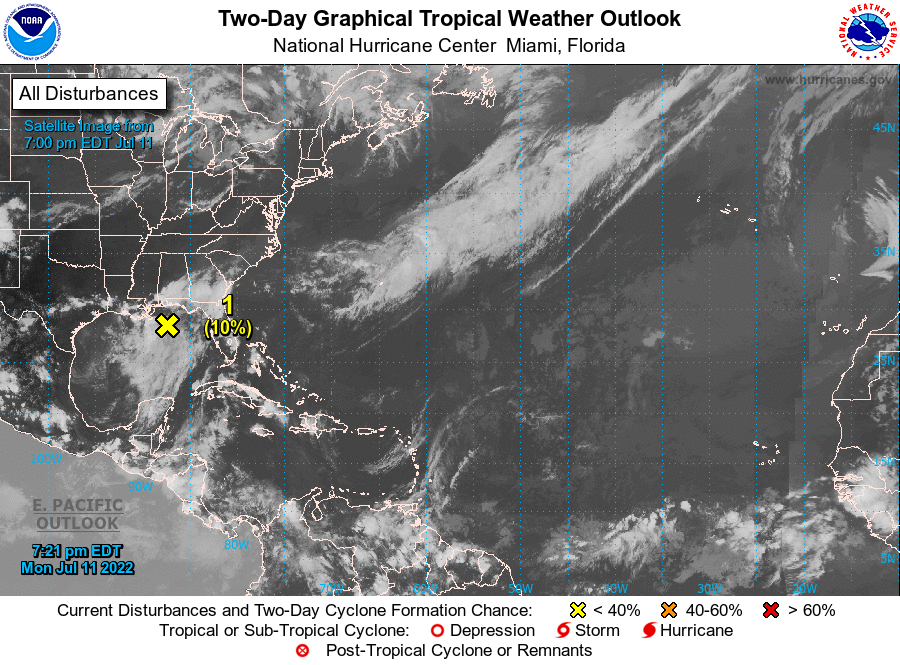
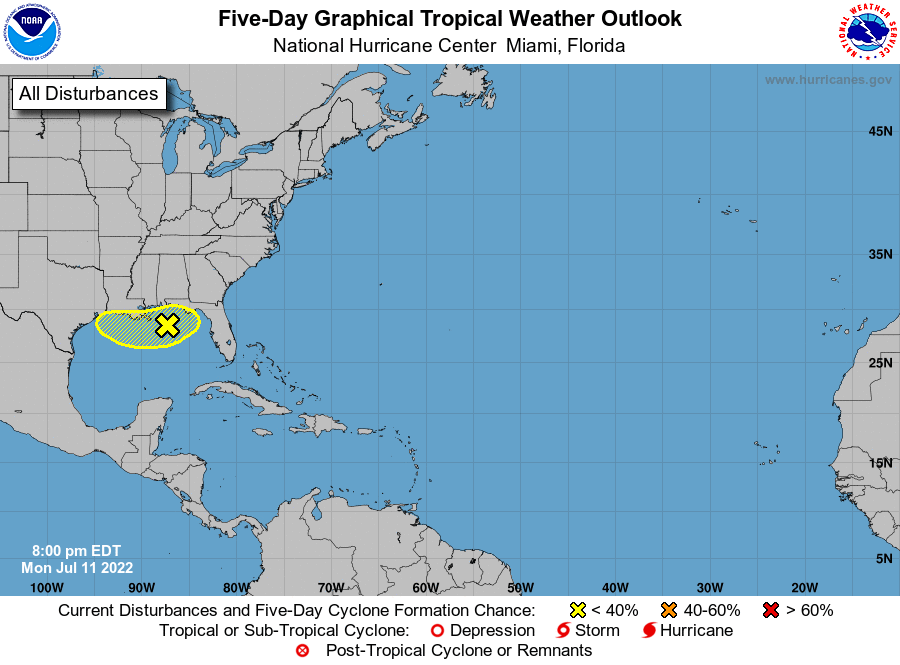
For the North Atlantic...Caribbean Sea and the Gulf of Mexico:

1. Northern Gulf of Mexico: Disorganized showers and thunderstorms over the northern Gulf of Mexico are associated with a trough of low pressure. Gradual development of this system is possible if it can remain offshore while it meanders near the northern Gulf coast through the end of the week. Regardless of development, heavy rains will be possible along portions of the northern Gulf coast from Louisiana to the Florida Panhandle over the next several days. For more information about the potential for heavy rain, please see products issued by your local National Weather Service office and the Weather Prediction Center.
* Formation chance through 48 hours...low...10 percent.
* Formation chance through 5 days...low...30 percent.

Products from the Weather Prediction Center can be found at wpc.ncep.noaa.gov and local National Weather Service products can be found at weather.gov

Forecaster Cangialosi